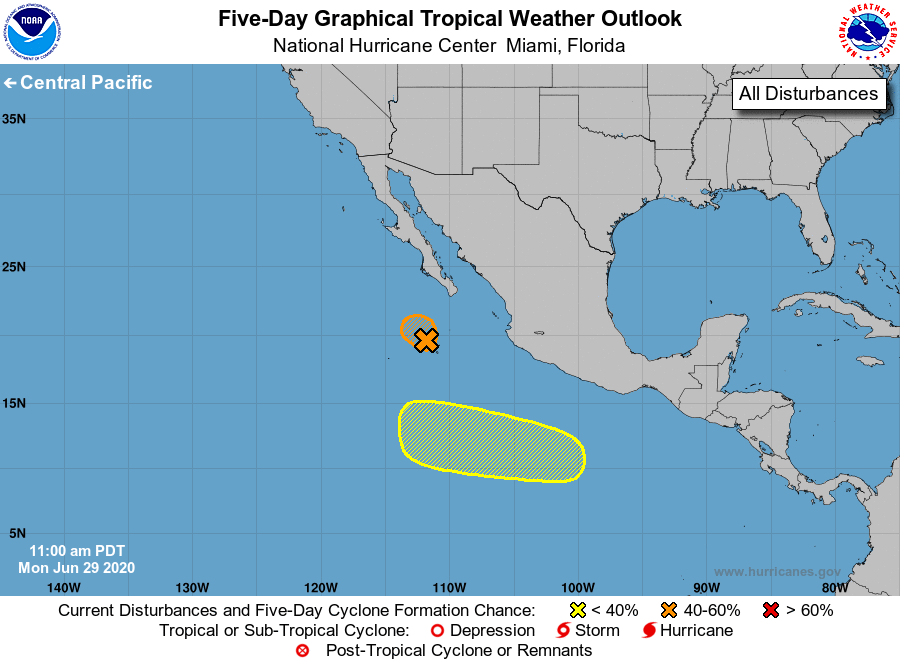
For the eastern North Pacific...east of 140 degrees west longitude:

1. Showers and thunderstorms have become better organized in association with an area of low pressure located a few hundred miles south-southwest of the southern tip of the Baja California peninsula. This system could become a short-lived tropical depression later today or tonight before moving over colder waters on Tuesday.
* Formation chance through 48 hours...medium...60 percent.
* Formation chance through 5 days...medium...60 percent.

2. An area of low pressure is forecast to form a few hundred miles southwest of the Gulf of Tehuantepec later this week. Gradual development of the system will be possible by the weekend while it moves west-northwestward at 10 to 15 mph well south of Mexico.
* Formation chance through 48 hours...low...near 0 percent.
* Formation chance through 5 days...low...20 percent.

Forecaster Blake